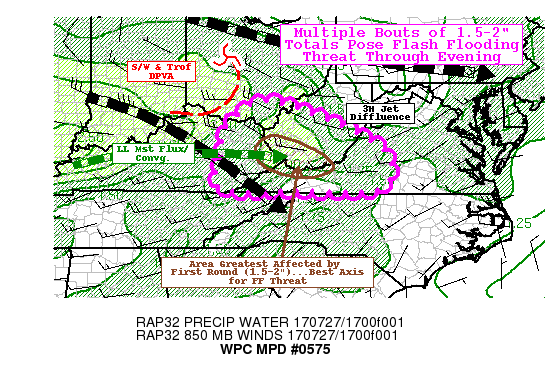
AREAS AFFECTED...SOUTEHERN WV...EASTERN KY...EXT SOUTHERN
OH...SOUTHWEST VA

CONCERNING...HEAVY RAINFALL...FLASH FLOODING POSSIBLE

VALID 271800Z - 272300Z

SUMMARY...FEW ROUNDS OF HEAVY RAIN POSE FLASH FLOODING THREAT
THROUGH EVENING ACROSS FOOTHILLS AND CENTRAL APPALACHIANS.

DISCUSSION...EXP. GOES-16 CONUS IMAGERY SUITE DEPICTS A SMALL
SHORTWAVE AT THE FAR EASTERN EXTENSION OF WARM CONVEYOR BELT WHERE
LOW LEVEL FLOW EVEN HAS FLATTENED TO DUE WESTERLY SUPPORTING A
STRONG LINE OF CONVECTION CROSSING THE CENTRAL APPALACHIANS.  THIS
LOW LEVEL WESTERLY FLOW PROVIDES STRONG MST TRANSPORT INTO THE
REAR OF THE CONVECTIVE LINE ALLOWING FOR SOLID CONVERGENCE ATTM.

AREA OF CONCERN IS ALSO AT THE EASTERN PERIPHERY OF FAVORABLE
UPPER LEVEL DIFFLUENCE FROM WNW 3H JET AND MODEST INSTABILITY AND
TPWS UP TO 2.0" THERE HAS BEEN INCREASING EFFICIENCY TO CELLS ON
THE LINE.  RAIN RATES ARE ON AVERAGE 2.0"/HR THOUGH FORWARD
PROGRESS OF THE LINE HAS BEEN LIMITING TOTALS BASED ON OBSERVATION
NETWORK TO AT MOST 1.8"/HR AND 2.07" TOTAL AT KERMIT IFLOWS GAUGE
WITH NUMEROUS OTHER SITES IN THE 1.5" RANGE.  THIS IS JUST AT THE
CUSP OF LOCAL FFG VALUES AND IS NOT LIKELY TO EXCEED AS THE LINE
ROLLS INTO SW VA IN THE NEXT FEW HOURS.  HOWEVER...THIS IS ONLY
PRIMING THE AREA FOR POTENTIAL FLASH FLOODING WITH THE NEXT BOUT.

WEAK DPVA ALONG SE FLANK OF MID-LEVEL SHORTWAVE SEEN IN WV/VISIBLE
IMAGERY OVER N CENTRAL OHIO AND STRONG UPPER LEVEL FLOW AND
ACCOMPANYING DIFFLUENCE ALLOW FOR A FAVORABLE REGION FOR UPSTREAM
DEVELOPMENT OVER S OH/E KY OVER THE NEXT FEW HOURS.  FILTERED
SOLAR INSOLATION HAS ALLOWED SURFACE TEMPS TO REBOUND TO THE
MID-UPPER 80S ACROSS CENTRAL KY WITH TDS IN THE LOW TO MID 70S
SUPPORTING SBCAPES TO 2500 J/KG. WHILE MST FLUX IS A BIT LESSENED
THAN FURTHER EAST THERE IS SUFFICIENT MOISTURE TO SUPPORT ANOTHER
CONVECTIVE LINE CAPABLE OF 1.5-2"/HR RATES.

RAPID REFRESH HI-RES CAMS SUCH AS THE HRRR AND ESRL HRRRV3 SUGGEST
THE LINE TO DEVELOP IN THE NEXT 1-2 HOURS THOUGH RECENT IR/VIS
TRENDS INDICATE CONVECTIVE INITIATION HAS TAKEN PLACE ACROSS LEWIS
COUNTY KY WITH OTHER TOWERS FURTHER SW IN THE INSTABILITY AXIS.
EXPECT HRRR/HRRRX SOLUTIONS TO LAG IN TIME BUT EVOLVE PROPERLY
WITH AN ADDITIONAL 2-3" TOTALS EXPECTED. THIS SHORTENS THE TIME
FROM THE FIRST BOUT...SUGGESTING FLASH FLOODING MAY BE POSSIBLE
GIVEN WATER IN THE SYSTEM.